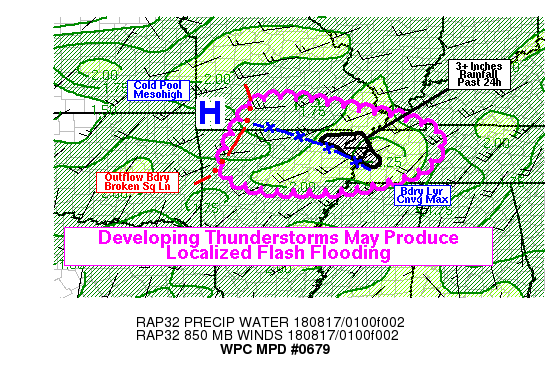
Areas affected...Northern Arkansas, Southern Missouri, Western
Tennessee

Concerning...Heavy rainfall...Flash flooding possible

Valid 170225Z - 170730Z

Summary...Thunderstorms were developing this evening across parts
of southern Missouri, northern Arkansas and western Tennessee.
These storms may move slowly at times, or repeatedly affect the
same areas, which would produce locally heavy rainfall and
possibly flash flooding. The areas most at risk for flash flooding
would be in far northeast Arkansas, the Missouri Bootheel, and far
western Tennessee -- areas that have already received over 3
inches of rain in the past 24 hours. Rain rates in excess of 2
in/hr will be possible with any slow-moving storms.

Discussion...A broken line of convection and associated outflow
boundary were advancing into northwest Arkansas and southwest
Missouri as of 02Z, and a weak cold pool and mesohigh were noted
near Joplin. This advancing boundary was beginning to lead to an
increase in convection just to the east, along a low-level
convergence maximum -- aligned in a ribbon from near Branson to
near Memphis. This was on the nose of a more coherent area of 5-10
knot surface winds, and also aligned with a substantial maximum in
surface thetae (around 370K). This should provide a favorable
environment for continued convective growth over the next several
hours. Deep layer mean winds were not perfectly aligned with the
convergence zone, but were at a sufficiently small relative angle
that some situations with a couple hours of training cells cannot
be ruled out. There is also the potential for supercells to move
more slowly and perhaps be anchored near the convergence zone.
Bunkers right-moving storm motion vectors are generally to the
southeast at around 10 knots, and a stalled supercell has already
been observed over Haywood County, TN on KNQA radar. Dual pol
estimates show rain rates exceeding 2 in/hr, which would not be
uncommon with a slow-moving HP supercell. It was showing a
tendency to drift or backbuild slowly into the west-southwest
low-level flow, and Corfidi vectors indicate the potential for
slow backbuilding storm motions (around 5 knots) this evening.

Therefore, although the mesoscale setup does not perfectly favor
training, there are enough factors that support brief periods of
repeated heavy rain, as well as backbuilding or stalling storms,
to support the threat of heavy rainfall and flash flooding. The
greatest threat would seem to be close to the Missouri Bootheel,
roughly from near Randolph County, AR to near Lauderdale County,
TN. These areas received significant rainfall in the past 24
hours, are very close to the low-level convergence zone and thetae
max, and have developing convection nearby already. However, flash
flooding would be possible over the entire outlined area given the
proper alignment of ingredients.